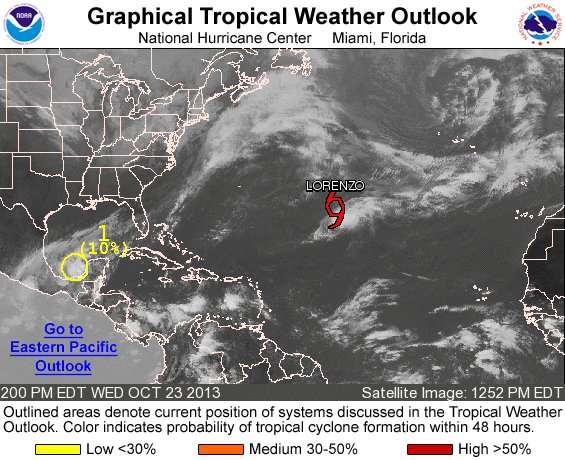
FOR THE NORTH ATLANTIC...CARIBBEAN SEA AND THE GULF OF MEXICO...

THE NATIONAL HURRICANE CENTER IS ISSUING ADVISORIES ON TROPICAL STORM LORENZO...LOCATED OVER THE CENTRAL ATLANTIC OCEAN WELL EAST OF BERMUDA.

1. AN AREA OF DISTURBED WEATHER HAS FORMED OVER THE BAY OF CAMPECHE. NO SIGNIFICANT DEVELOPMENT OF THIS SYSTEM IS EXPECTED AS IT DRIFTS SOUTHWARD OVER THE NEXT FEW DAYS. THIS SYSTEM HAS A LOW CHANCE...10 PERCENT...OF BECOMING A TROPICAL CYCLONE DURING THE NEXT 48 HOURS AND A LOW CHANCE...10 PERCENT...OF BECOMING A TROPICAL CYCLONE DURING THE NEXT 5 DAYS.

FIVE-DAY FORMATION PROBABILITIES ARE EXPERIMENTAL IN 2013. COMMENTS ON THE EXPERIMENTAL FORECASTS CAN BE PROVIDED AT...

HTTP://WWW.NWS.NOAA.GOV/SURVEY/NWS-SURVEY.PHP?CODE=ETWO

FORECASTER PASCH